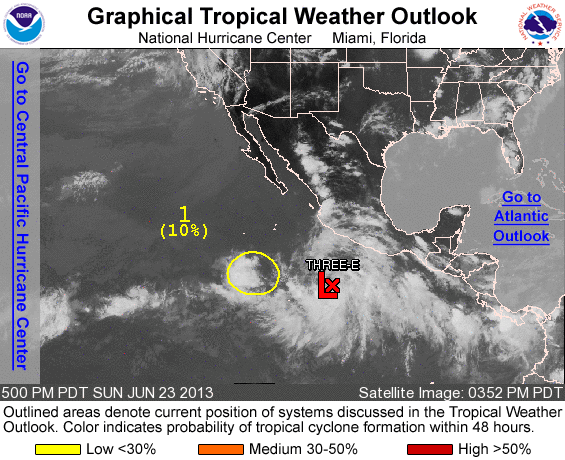
FOR THE EASTERN NORTH PACIFIC...EAST OF 140 DEGREES WEST LONGITUDE..

THE NATIONAL HURRICANE CENTER IS ISSUING ADVISORIES ON TROPICAL DEPRESSION THREE-E...LOCATED ABOUT 485 MILES SOUTH OF MANZANILLO MEXICO.

1. AN AREA OF LOW PRESSURE...LOCATED ABOUT 700 MILES SOUTH-SOUTHWEST OF THE SOUTHERN TIP OF BAJA CALIFORNIA...CONTINUES TO PRODUCE DISORGANIZED SHOWERS AND THUNDERSTORMS. SIGNIFICANT DEVELOPMENT OF THIS LOW IS NOT EXPECTED DUE TO ITS PROXIMITY TO THE LARGE CIRCULATION OF TROPICAL DEPRESSION THREE-E TO THE EAST. THIS SYSTEM HAS A LOW CHANCE...10 PERCENT...OF BECOMING A TROPICAL CYCLONE DURING THE NEXT 48 HOURS WHILE IT MOVES TOWARD THE SOUTHEAST OR EAST AT 5 TO 10 MPH.

ELSEWHERE...TROPICAL CYCLONE FORMATION IS NOT EXPECTED DURING THE NEXT 48 HOURS.

&&
PUBLIC ADVISORIES ON THREE-E ARE ISSUED UNDER WMO HEADER WTPZ33 KNHC AND UNDER AWIPS HEADER MIATCPEP3. FORECAST/ADVISORIES ON THREE-E ARE ISSUED UNDER WMO HEADER WTPZ23 KNHC AND UNDER AWIPS HEADER MIATCMEP3.

FORECASTER KIMBERLAIN